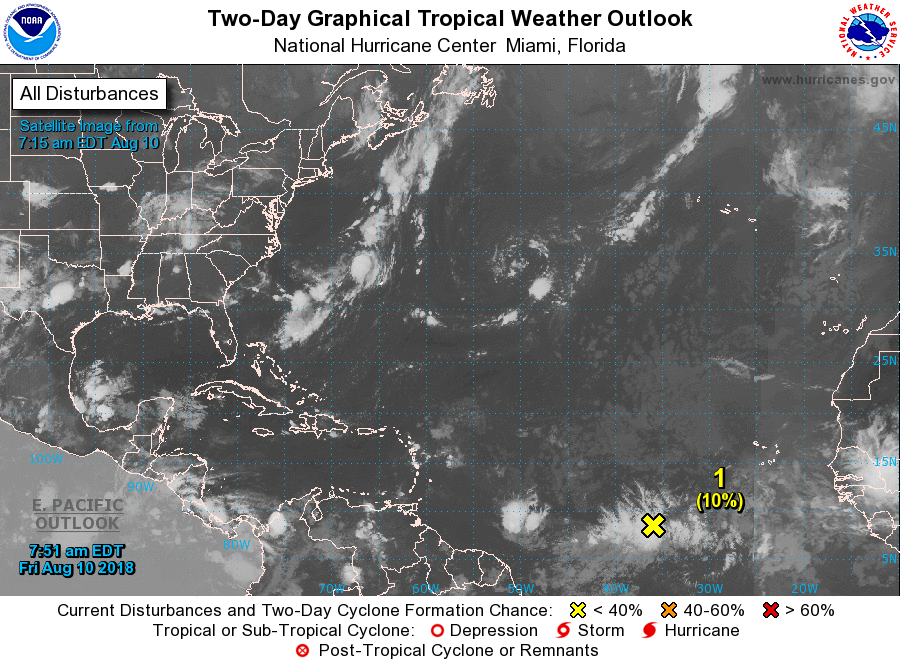
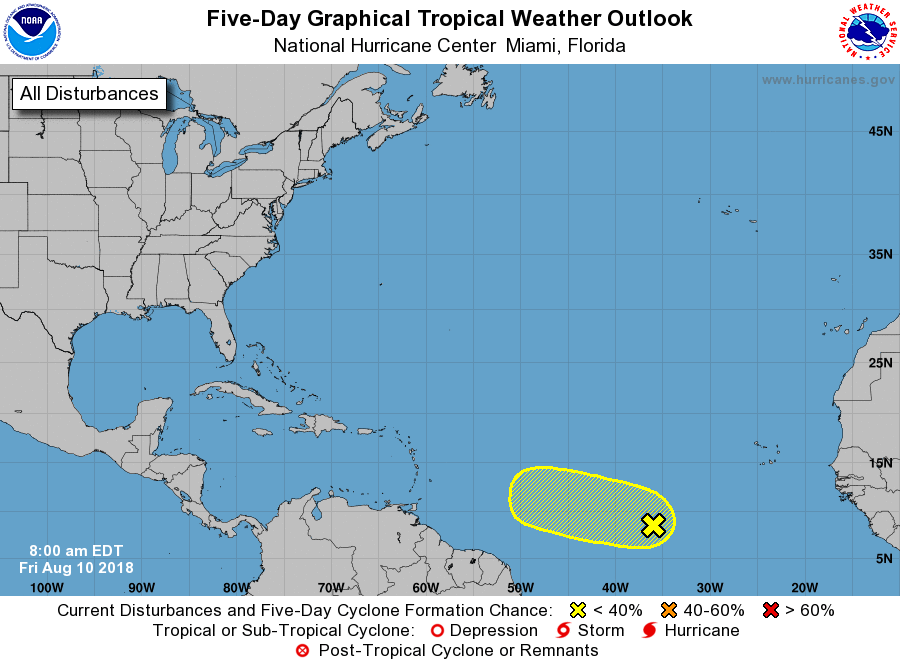
For the North Atlantic...Caribbean Sea and the Gulf of Mexico:

1. An area of disturbed weather is located about midway between Africa and the Lesser Antilles. Environmental conditions are expected to become conducive for some gradual development while the system moves slowly west over the next few days. By the middle of next week, stronger upper-level winds could limit the chance for further development.
* Formation chance through 48 hours...low...10 percent.
* Formation chance through 5 days...low...20 percent.

Forecaster Zelinsky